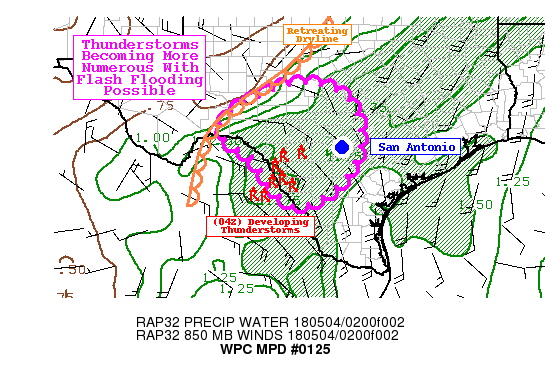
AREAS AFFECTED...SOUTH-CENTRAL TEXAS AND THE EDWARDS PLATEAU

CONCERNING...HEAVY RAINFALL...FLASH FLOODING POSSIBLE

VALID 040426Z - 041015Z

SUMMARY...THUNDERSTORMS WILL BECOME MORE NUMEROUS OVERNIGHT IN
SOUTH-CENTRAL TEXAS...SPREADING FROM THE RIO GRANDE VALLEY TO THE
NORTHEAST WITH TIME. SLOW STORM MOTIONS AND HEAVY RAIN COULD LEAD
TO RAIN RATES TO AROUND 2.0 TO 2.5 IN/HR...WHICH COULD LEAD TO
LOCALIZED FLASH FLOODING.

DISCUSSION...AS OF 04Z GOES-16 IR SATELLITE LOOPS AND KDFX RADAR
SHOWED A CONSIDERABLE INCREASE IN CONVECTIVE COVERAGE AND
INTENSITY OVER THE RIO GRANDE VALLEY. HI-RES MODELS WERE
STRUGGLING TO MATCH THE PLACEMENT OF ONGOING
CONVECTION...GENERALLY FOCUSED TO THE NORTHWEST OF DEL RIO ALONG
THE RETREATING DRYLINE. INSTEAD THE DEVELOPING THUNDERSTORMS
APPEARED TO BE CONCENTRATED NEAR A MAXIMUM IN LOW-LEVEL MOISTURE
FURTHER TO THE SOUTHEAST. CIRA BLENDED TPW PRODUCT INDICATES
PRECIPITABLE WATER VALUES IN THE VICINITY OF DEVELOPING CONVECTION
APPROACHING 2 INCHES...AND THIS IS SUPPORTED BY GPS-PW
OBSERVATIONS AROUND 1.8 TO 1.9 INCHES IN THE SAME REGION. THESE
VALUES ARE ABOVE THE 90TH PERCENTILE IN THE DRT SOUNDING
CLIMATOLOGY FOR EARLY MAY AND NEAR RECORD VALUES.

CONVECTIVE COVERAGE IS EXPECTED TO INCREASE IN THIS MOIST UNSTABLE
ENVIRONMENT (MUCAPE AROUND 2000 J/KG PER RAP ANALYSIS) DURING THE
OVERNIGHT HOURS. THIS IS ALSO SHOWN BY MOST CONVECTION ALLOWING
MODELS...BUT THE PLACEMENT IS SLIGHTLY DIFFERENT THAN REALITY. THE
CONVECTION MAY BEGIN TO CONGEAL INTO CLUSTERS WITH RELATIVELY SLOW
AND VARIED STORM MOTIONS...PARTIALLY DUE TO SOME SPLITTING
SUPERCELLS...WHICH WOULD THEN TEND TO MOVE TO THE NORTHEAST OR
EAST WITH TIME ALONG THE LEADING EDGE OF BROAD MOIST SOUTHEASTERLY
LOW-LEVEL INFLOW  OVER SOUTH TEXAS. THIS WOULD POTENTIALLY PLACE
THE HEAVIEST RAINFALL FROM NEAR DEL RIO AND THE US-90 CORRIDOR
EAST TO THE SAN ANTONIO AND BALCONES ESCARPMENT REGION. THE
NEAR-RECORD PWATS WOULD AND ORGANIZED NATURE OF THE CONVECTION
COULD SUPPORT HOURLY RAIN RATES POSSIBLY IN EXCESS OF 2 IN/HR WITH
RAINFALL TOTALS IN THE LOCALIZED MAXIMA IN EXCESS OF 5 INCHES.
THESE AMOUNTS COULD LEAD TO FLASH FLOODING...PARTICULARLY IN MORE
URBANIZED AREAS GIVEN THE RELATIVELY HIGH FFG ACROSS MUCH OF THE
REGION OVERALL. THIS DISCUSSION AREA IS ALSO OUTLINED FURTHER TO
THE NORTHWEST INTO THE EDWARDS PLATEAU AND CONCHO VALLEY TO
ACCOUNT FOR THE HI-RES MODEL SIGNAL FOR ADDITIONAL DEVELOPMENT
ALONG THE RETREATING DRYLINE. CONFIDENCE IS LOWER IN SIMILARLY
ROBUST DEVELOPMENT THAT FAR NORTHWEST GIVEN ONGOING RADAR AND
SATELLITE TRENDS...BUT FFG IS LOWER IN THOSE AREAS WITH RECENT
HEAVY RAINFALL.